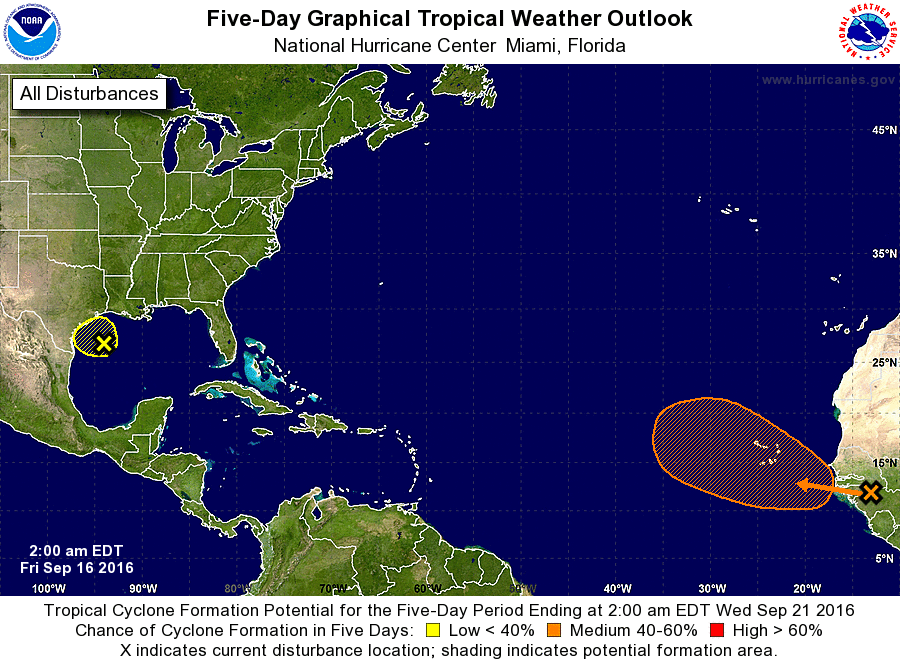
For the North Atlantic...Caribbean Sea and the Gulf of Mexico:

The National Hurricane Center is issuing advisories on Tropical Storm Ian, located about a thousand miles west-northwest of the Azores, on Tropical Storm Julia, located offshore of the South Carolina coast, and on recently upgraded Tropical Storm Karl, located several hundred miles west-northwest of the Cabo Verde Islands.

1. Shower and thunderstorm activity has diminished in association with an elongated area of low pressure located over the northwestern Gulf of Mexico. Development of this system, if any, should be slow to occur before it moves inland over Texas by Saturday.
* Formation chance through 48 hours...low...10 percent
* Formation chance through 5 days...low...10 percent

2. A tropical wave is expected to move off of the west coast of Africa today and move generally west-northwestward at 5 to 10 mph over the far eastern Atlantic. Some development of this wave is possible before conditions become less favorable for tropical cyclone formation by the middle of next week.
* Formation chance through 48 hours...low...20 percent
* Formation chance through 5 days...medium...50 percent

Forecaster Brennan